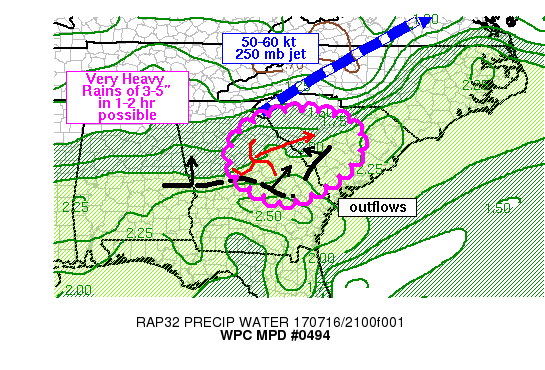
AREAS AFFECTED...CNTRL GA TO CNTRL SC

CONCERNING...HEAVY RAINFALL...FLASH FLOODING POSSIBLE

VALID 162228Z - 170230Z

SUMMARY...SCATTERED AREAS OF FLASH FLOODING WILL BE POSSIBLE OVER
THE NEXT 4 HOURS OR SO FROM CNTRL GA INTO CNTRL SC. THE POTENTIAL
EXISTS FOR 3-5 INCH TOTALS IN A 1-2 HR PERIOD.

DISCUSSION...A RICH PRECIPITABLE WATER ENVIRONMENT EXISTED SOUTH
OF A SLOW MOVING FRONT ANALYZED FROM THE SERN VA COAST TO FAR NRN
GA/AL AT 22Z. RECENT GPS SITE MEASUREMENTS OF PRECIPITABLE WATER
HAVE SHOWN MAXIMUM VALUES RANGING FROM 2.0 TO 2.2 INCHES EXTENDING
FROM CNTRL SC/GA TO THE EAST COAST. A WEAK LOW-MID LEVEL
CIRCULATION WAS NOTED ON VISIBLE IMAGERY NEAR MLJ AT 22Z...MOVING
TOWARD THE ENE...AND WAS CONNECTED TO SLIGHTLY STRONGER 700-850 MB
WINDS ON ITS SOUTHEAST SIDE...HELPING TO CONTINUE ADVECTING HIGH
PWAT AIR INLAND. MLCAPE VALUES OF 1000-2000 J/KG...PER SPC
MESOANALYSES...WERE IN AN AREA WHICH HAS NOT YET SEEN CONVECTION
TODAY...EXTENDING ACROSS MUCH OF CNTRL GA TO SC. A WEAK BUT
POTENTIALLY SIGNIFICANT 250 MB JET MAX WAS ALSO OBSERVED VIA GOES
HD WINDS AND RAP ANALYSES ABOVE THE ERN SLOPES OF THE SRN AND
CNTRL APPALACHIANS...WHICH MAY ACT TO ENHANCE LIFT IN THE NEAR
TERM WITHIN THE ENTRANCE REGION.

STEERING FLOW REMAINS WEAK AND WHILE CONVECTION HAS BEEN LARGELY
OUTFLOW DOMINANT DURING THE LATE AFTERNOON...SHORT LIVED
CONVECTION HAS ALREADY BEEN RESPONSIBLE FOR RAINFALL RATES NEAR 3
IN/HR IN MCINTOSH COUNTY EARLIER TODAY.

DEVELOPMENT AND SLOW MOVEMENT OF STORMS IS EXPECTED TO PICK UP
FROM CNTRL GA INTO SC FOLLOWED BY CONVERGING OUTFLOW BOUNDARIES
WHICH WHEN COMBINED WITH CELL MERGERS MAY ACT TO ENHANCE THE FLASH
FLOOD THREAT OVER THE NEXT 2-4 HOURS FROM CNTRL GA INTO CNTRL SC.
A QUICK 3-5 INCHES WILL BE POSSIBLE WHICH COULD RESULT IN
EXCESSIVE RUNOFF.